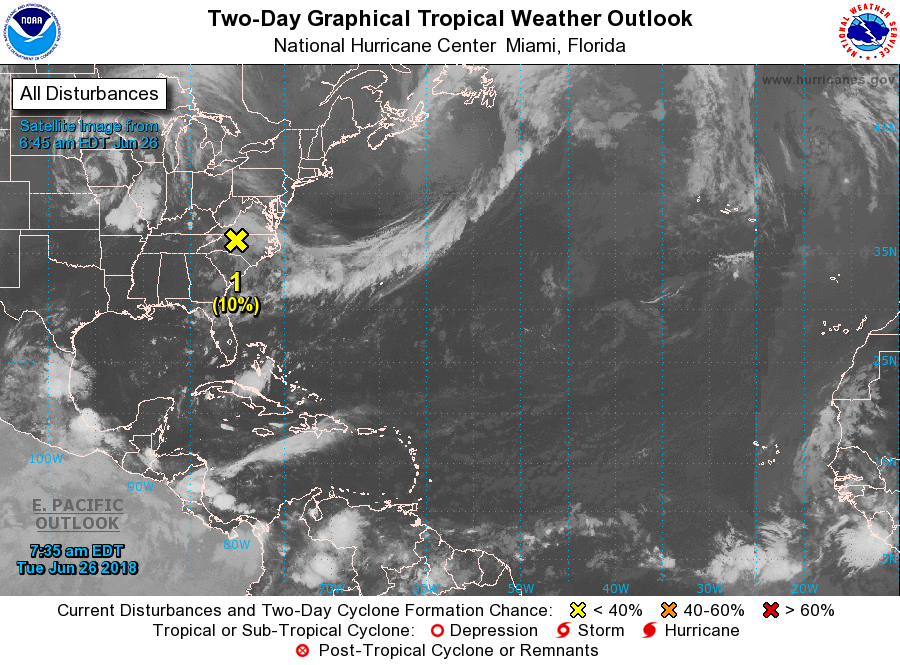
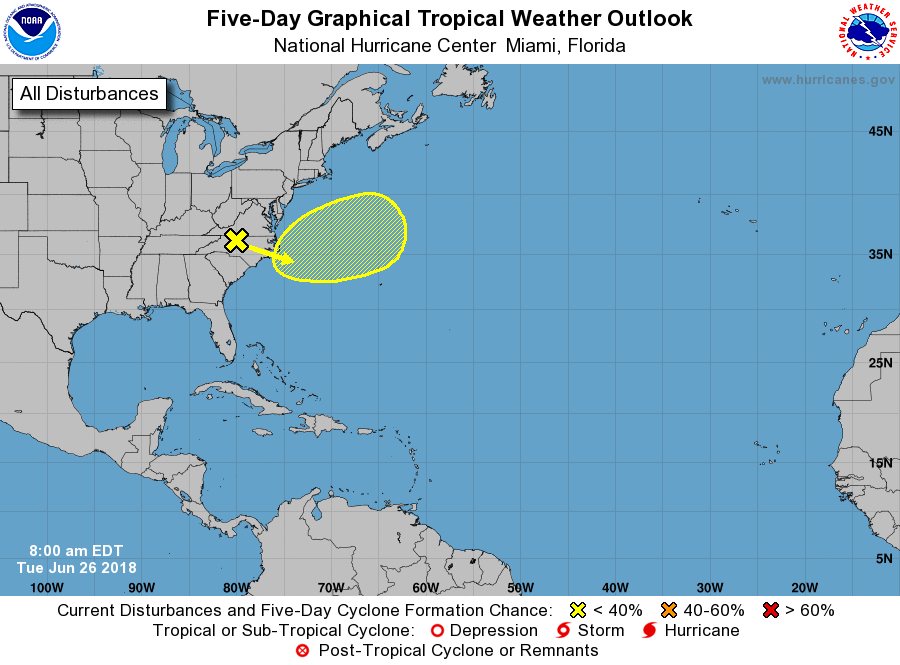
For the North Atlantic...Caribbean Sea and the Gulf of Mexico:

1. A non-tropical area of low pressure is likely to form along a stationary front near the coast of North Carolina on Wednesday. Thereafter, environmental conditions could support this system acquiring some tropical characteristics over the next few days as the system moves eastward or northeastward away from the United States.
* Formation chance through 48 hours...low...10 percent.
* Formation chance through 5 days...low...20 percent.

Forecaster Blake